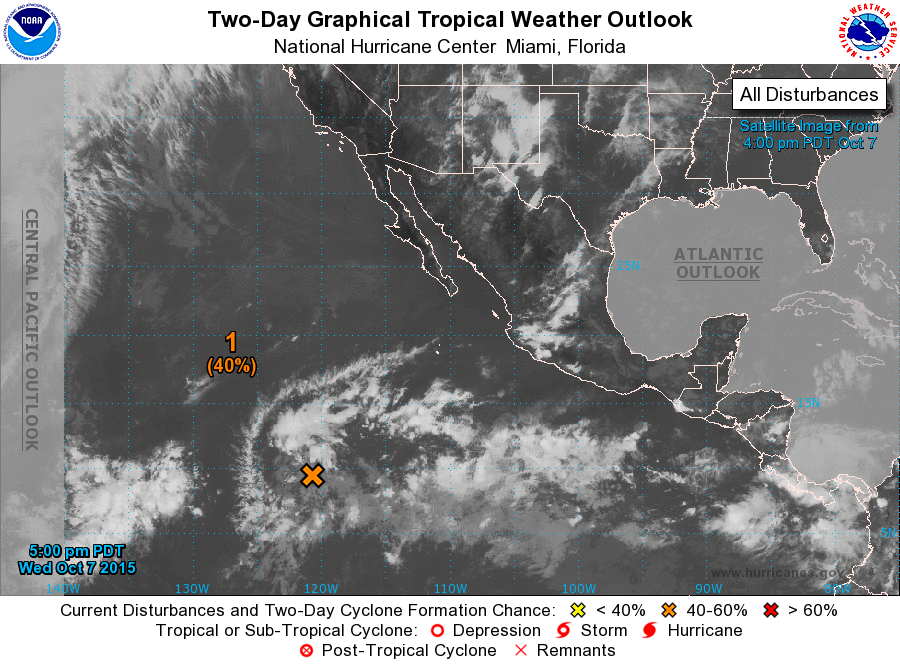
For the eastern North Pacific...east of 140 degrees west longitude:

1. Showers and thunderstorms have decreased since yesterday near a tropical wave located about 1250 miles southwest of the southern tip of the Baja California peninsula. However, environmental conditions are forecast to be conducive for development, and a tropical depression is likely to form by early next week while the system moves west-northwestward at 15 to 20 mph.
* Formation chance through 48 hours...medium...40 percent
* Formation chance through 5 days...high...70 percent

Forecaster Berg